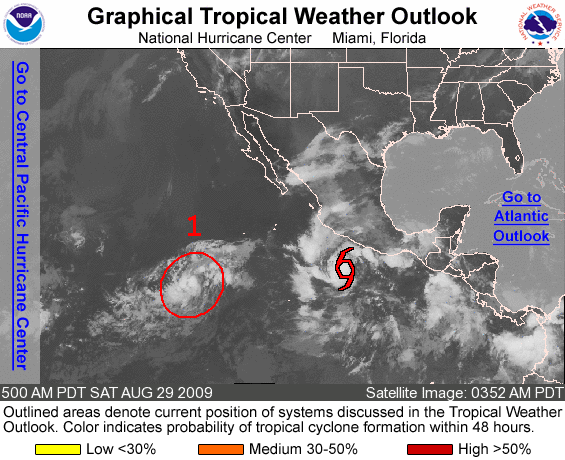
FOR THE EASTERN NORTH PACIFIC...EAST OF 140 DEGREES WEST LONGITUDE..

THE NATIONAL HURRICANE CENTER IS ISSUING ADVISORIES ON RECENTLY-UPGRADED TROPICAL STORM JIMENA LOCATED ABOUT 365 MILES SOUTH-SOUTHEAST OF MANZANILLO MEXICO.

1. A LOW PRESSURE AREA LOCATED ABOUT 1000 MILES SOUTHWEST OF THE SOUTHERN TIP OF BAJA CALIFORNIA REMAINS WELL-ORGANIZED. IF CURRENT TRENDS CONTINUE...A TROPICAL DEPRESSION COULD FORM LATER TODAY AS THE SYSTEM MOVES WEST-NORTHWESTWARD AT 10 TO 15 MPH. THERE IS A HIGH CHANCE...GREATER THAN 50 PERCENT...OF THIS SYSTEM BECOMING A TROPICAL CYCLONE DURING THE NEXT 48 HOURS.

ELSEWHERE...TROPICAL CYCLONE FORMATION IS NOT EXPECTED DURING THE NEXT 48 HOURS.

PUBLIC ADVISORIES ON JIMENA ARE ISSUED UNDER WMO HEADER WTPZ33 KNHC AND UNDER AWIPS HEADER MIATCPEP3. FORECAST/ADVISORIES ARE ISSUED UNDER WMO HEADER WTPZ23 KNHC AND UNDER AWIPS HEADER MIATCMEP3.

FORECASTER BLAKE